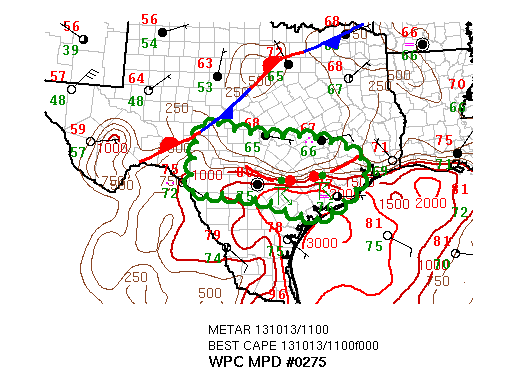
AREAS AFFECTED...CENTRAL AND SOUTHEAST TEXAS

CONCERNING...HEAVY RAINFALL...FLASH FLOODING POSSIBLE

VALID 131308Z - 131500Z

SUMMARY...SLOW-MOVING MCS SHOULD CONTINUE TO SUPPORT LOCALIZED
HEAVY RAINFALL AMOUNTS ACROSS PARTS OF CENTRAL AND SOUTHEAST TEXAS
THROUGH THE MORNING HOURS WHICH MAY LEAD TO ADDITIONAL FLASH FLOOD
CONCERNS.

DISCUSSION...THE LATEST IR SAT IMAGERY SHOWS CLOUD TOP COOLING IN
A BROAD SENSE HAS PEAKED OVER PORTIONS OF CENTRAL AND SOUTHEAST
TEXAS..THOUGH NEW AREAS OF THUNDERSTORMS HAVE DEVELOPED OUTSIDE
THE MAIN CLUSTER OF STORMS.  LATEST RADAR IMAGERY SHOWS EASTERN
PORTION OF MCS CONTINUING TO DROP SLOWLY SWD IN RESPONSE TO LARGE
RAIN COOLED OUTFLOW BOUNDARY..WHILE WESTERN PORTION OF BOUNDARY
HAS BECOME A BIT MORE STATIONARY OR EVEN RETREATED A BIT NORTHWARD
OVER THE PAST HOUR OR SO.  LATEST MESO ANAYLYIS SHOWS DECENT AREA
OF 1000 TO 2000 J/KG CAPE SOUTH OF THE CONVECTION WITH SOME VERY
HIGH SFC DEWPOINT AIR CONTINUING TO FEED NWWD INTO THE CONVECTION
FRMO THE TX COAST REGION.  IN ADDITION...HIGH MSTR FROM
SUBTROPICAL JET FEEDING ACRS MEX AND TAPPING HIGH LEVEL MSTR FROM
T.S. OCTAVE IS HELPING TO SUPPORT VERY EFFICIENT RAINFALL RATES UP
TO 1 TO 2.5 INCHES PER HOUR.

LATEST HRRR MODEL SHOWS EASTERN PORTION OF ONGOING MCS REMAINING
ACTIVE OVER THE NEXT FEW HOURS BEFORE WEAKENING SOUTHEASTWARD
TOWARD THE MID/UPR TX COAST TOWARD LATE MORNING...WHILE ACTIVITY
BECOMES MORE SCATTERED WITH WIDER COVERAGE OVER CENTRAL AND
WESTERN TEXAS BY LATER THIS MORNING.  FFG VALUES ARE LOCALLY
RATHER HIGH...BUT WITH OBSERVED RAINFALL RATES ALREADY UP TO 2.5
INCHES/HR...AND THE SLOW MOVEMENT...THERE WILL BE ADDITIONAL
CONCERNS FOR FLASH FLOODING...AT LEAST LOCALLY.